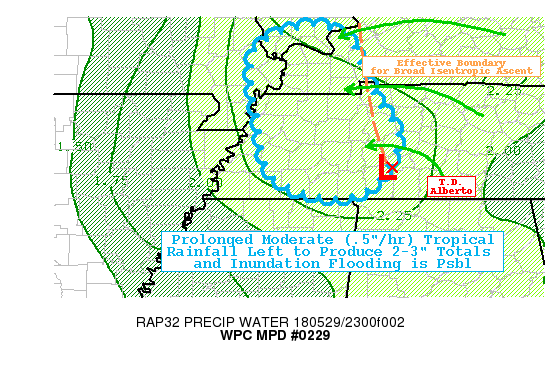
AREAS AFFECTED...WESTERN TN...WESTERN KY...EXT SOUTHEAST MO...EXT
SOUTHERN IL...

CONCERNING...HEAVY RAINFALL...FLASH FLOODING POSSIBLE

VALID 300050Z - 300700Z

SUMMARY...MODERATE TROPICAL RAINS OF TROPICAL DEPRESSION ALBERTO
TRACKING THROUGH LOCALLY LOWER FFG VALUES KEEPING FLASH FLOODING
POSSIBLE.

DISCUSSION...CANOPY OF TROPICAL DEPRESSION ALBERTO CONTINUES TO
EXPAND WITH SOME RECENT ENHANCED UPDRAFTS/ISENTROPIC ASCENT WITH
INCREASED INSTABILITY WITH A FEW LIGHTNING STRIKES NOTED ALONG THE
TN/KY BORDER.  WIND SHEAR HAS SLACKED A BIT TO ALLOW FOR INCREASED
CLOUD COVERAGE TOWARD THE SOUTH AND ABILITY FOR INCREASED MODERATE
SHOWERS TO WRAP AROUND THE SW QUADRANT.  EVEN WITH THIS RECENT
UPTICK...THE CONVECTIVE ELEMENTS ARE NOT PARTICULARLY WIDE SPREAD
AND ARE SHORT ENOUGH IN DURATION (TYPICALLY IN N AND EASTERN
HEMISPHERES) THAT OVERALL RAIN TOTALS WILL REMAIN BELOW EVEN
LONGER TERM FFG VALUES IN THE REGION.  HOWEVER FURTHER EXPANSION
OF SHOWERS DOWNSTREAM AND ISENTROPIC ASCENT OVER EFFECTIVE LOW
LEVEL BOUNDARY THAT EXTENDS NORTHWARD FROM CENTER IN WAYNE COUNTY,
TN TOWARD UNION AND CRITTENDEN COUNTIES, KY.  SFC TDS IN THE
MID-70S AND NEAR SATURATED PROFILES TO OVER 5H PER 00Z BNA
SOUNDING AND SKINNY SBCAPES TO 2500 J/KG WILL KEEP BROAD
ISENTROPIC ASCENT FOR MODERATE TO HEAVY EFFICIENT TROPICAL SHOWERS
WEST OF THE BOUNDARY.  CONSISTENT RAIN RATES OF .5-.75"/HR AND
CURRENT TRACK OF ALBERTO ALONG THE EFFECTIVE BOUNDARY WILL
CONTINUE TO PROVIDE HOURS OF THIS MODERATE RAIN WITH TOTALS OF
2-3" LIKELY OVER THE NEXT 6HRS.  THIS WILL BE FALLING THROUGH THE
LOWER TN AND OHIO RIVER VALLEY/MS RIVER CONFLUENCE ZONE WHERE FFG
VALUES ARE A LOCAL MINIMA AND 6HR VALUES OF 2.5-3.5" REMAIN AOA
EXCEEDANCE BY THIS PROLONGED RAINFALL.  WHILE THIS FLOODING WILL
LIKELY BE MORE OF INUNDATION WITH LONGER TIME FRAMES...FLASH
FLOODING IS CONSIDERED POSSIBLE.